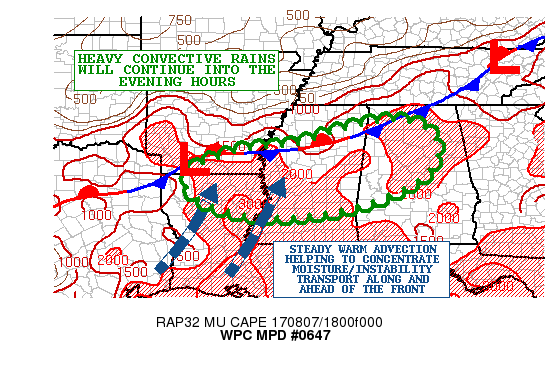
AREAS AFFECTED...SOUTHEAST AR...NORTHEAST LA...CENTRAL/NORTHERN
MS...CENTRAL/NORTHERN AL

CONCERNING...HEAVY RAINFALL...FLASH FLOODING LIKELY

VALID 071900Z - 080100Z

SUMMARY...NUMEROUS CLUSTERS OF HEAVY SHOWERS AND THUNDERSTORMS
WILL CONTINUE INTO THE EVENING HOURS. FLASH FLOODING IS EXPECTED
TO BE LIKELY FOR SOME AREAS.

DISCUSSION...A WAVE OF LOW PRESSURE RIDING UP ALONG A WAVY AND
QUASI-STATIONARY FRONT WILL CONTINUE TO HELP FOCUS PLENTY OF DEEP
MOISTURE AND INSTABILITY ALONG AND SOUTH OF THE BOUNDARY. NUMEROUS
SHOWERS AND THUNDERSTORMS ARE IMPACTING SOUTHEAST AR/NORTHEAST LA
AND EAST ACROSS A LARGE AREA OF MS AND INTO WEST-CENTRAL AL. CLOUD
TOPS OVER THE LAST COUPLE OF HOURS HAVE BEEN COOLING A BIT FURTHER
WHICH IS SUGGESTIVE OF STRONG ASCENT/UPDRAFTS AND CORRESPONDINGLY
AN UPTICK IN RAINFALL RATES.

THE PWATS ARE GENERALLY BETWEEN 2.2 AND 2.4 INCHES AND COUPLED
WITH CIRA-LPW DATA SHOWING A HIGHLY CONCENTRATED LAYER OF MOISTURE
BETWEEN 500 MB AND 300 MB...A HIGHLY EFFICIENT ENVIRONMENT FOR
ENHANCED RAINFALL RATES IS IN PLACE. THESE MAY REACH AS HIGH AS 3
INCHES/HR IN THE STRONGER CONVECTIVE CORES AND ESPECIALLY OVER
AREAS WITH THE COLDEST CLOUD TOPS AT THIS TIME.

THE WAVE OF LOW PRESSURE WILL CONTINUE TO FOCUS ROBUST WARM
ADVECTION WITH ENHANCED MOISTURE/INSTABILITY TRANSPORT ALONG THE
FRONT THIS AFTERNOON AND INTO THE EVENING HOURS...AND THIS WILL BE
AIDED BY SOME WEAK RIGHT-ENTRANCE REGION JET DYNAMICS FROM AN
EXITING SHORTWAVE TO THE NORTH. SOME EPISODIC TRAINING OF
CONVECTIVE CELLS WILL BE EXPECTED AS THE ACTIVITY IS GENERALLY
ALIGNED WSW/ENE WITH THE MEAN LAYER FLOW.

THE RECENT HRRR GUIDANCE IS SUGGESTING AS MUCH AS 4 TO 6
ADDITIONAL INCHES OF RAIN THROUGH MID-EVENING...AND SOME ISOLATED
HEAVIER TOTALS ARE POSSIBLE. THESE TOTALS ARE LIKELY TO CAUSE SOME
FLASH FLOODING CONCERNS. WILL CONTINUE TO MONITOR.